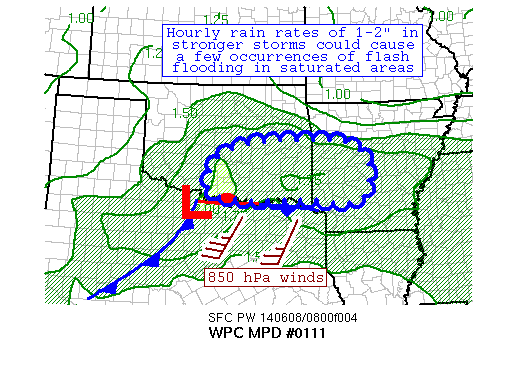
AREAS AFFECTED...SOUTHEAST OK AND WESTERN AR

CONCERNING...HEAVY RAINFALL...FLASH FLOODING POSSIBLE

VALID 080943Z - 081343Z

SUMMARY...A WARM ADVECTION BAND AHEAD OF AN MCV COULD TRAIN OVER
AREAS WHICH RECEIVED RAINFALL EARLIER IN THE MORNING, POTENTIALLY
CAUSING FLASH FLOODING IN A FEW LOCALES.

DISCUSSION...A MATURE MESOSCALE CONVECTIVE SYSTEM HAS BEEN
GENERALLY MOVING NORTH OF DUE EAST AT AROUND 35 KTS OVER THE PAST
FEW HOURS.  AHEAD OF ITS ASSOCIATED MCV, A THIN WARM ADVECTION
BAND OF CONVECTION BRIDGES BETWEEN THIS LARGER MCV AND A SMALLER
MCV FILLING ACROSS WESTERN AR TO THE NORTH OF A STATIONARY FRONT
NEAR THE RED RIVER.  CAPE VALUES REMAIN ABOVE 1000 J/KG,
PRECIPITABLE WATER VALUES REMAIN NEAR 1.75", AND 850 HPA INFLOW
REMAINS 30-35 KNOTS AHEAD OF THE SYSTEM'S TRAILING SQUALL
LINE/OUTFLOW BOUNDARY -- CURRENTLY ENOUGH FOR THE WET MULTI-CELL
ENVIRONMENT.  SOME AREAS NEAR THIS BAND RECEIVED 2-3" OF RAINFALL
EARLIER THIS MORNING/LAST NIGHT, WHICH ELEVATES THE RISK FOR FLASH
FLOODING INTO THE MORNING FOR A FEW LOCATIONS IN SOUTHERN OK AND
WESTERN AR.

THE MESOSCALE GUIDANCE GENERALLY INDICATES A WEAKENING OF THE
SYSTEM BEYOND 12Z DUE TO DECREASING CAPE VALUES IN ITS VICINITY.
THE EXPECTATION IS THAT OVER THE NEXT FOUR HOURS THAT THE BAND OF
CONVECTION WILL SLOWLY DEGRADE INTO A STRATIFORM BAND OF MODERATE
TO HEAVY RAINFALL AS CAPES AND 850 HPA INFLOW CONTINUES TO
DECREASE.  IN THE MEANTIME, 1-2" HOURLY RAIN RATES NEAR THE
CONVECTIVE BAND COULD CAUSE FLASH FLOODING IN LOCATIONS THAT HAVE
BEEN RECENTLY SATURATED.